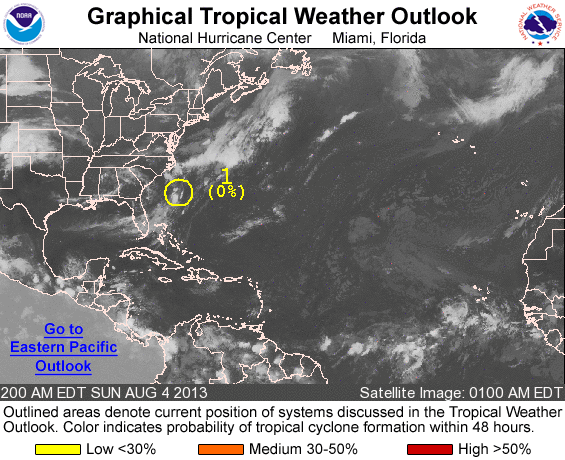
FOR THE NORTH ATLANTIC...CARIBBEAN SEA AND THE GULF OF MEXICO...

1. THE REMNANTS OF DORIAN...LOCATED ABOUT 200 MILES SOUTHEAST OF THE NORTH CAROLINA COAST...ARE PRODUCING LIMITED SHOWER ACTIVITY. UPPER-LEVEL WINDS ARE NOT CONDUCIVE FOR REDEVELOPMENT...AND THIS SYSTEM HAS A LOW CHANCE...NEAR 0 PERCENT...OF BECOMING A TROPICAL CYCLONE DURING THE NEXT 48 HOURS...AND A LOW CHANCE...NEAR 0 PERCENT...DURING THE NEXT FIVE DAYS...AS IT MOVES NORTHEASTWARD AWAY FROM THE UNITED STATES.

TROPICAL CYCLONE FORMATION IS NOT EXPECTED DURING THE NEXT FIVE DAYS.

FIVE-DAY FORMATION PROBABILITIES ARE EXPERIMENTAL IN 2013. COMMENTS ON THE EXPERIMENTAL FORECASTS CAN BE PROVIDED AT...

HTTP://WWW.NWS.NOAA.GOV/SURVEY/NWS-SURVEY.PHP?CODE=ETWO

FORECASTER STEWART